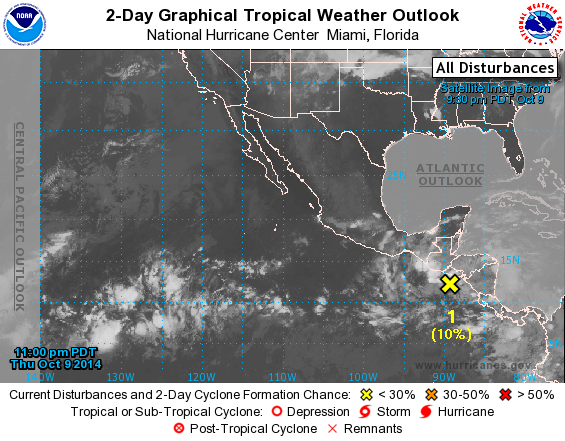
For the eastern North Pacific...east of 140 degrees west longitude:

1. Disorganized cloudiness and showers continue in association with a broad area of low pressure centered south of the coast of El Salvador. Gradual development of this system is possible during the next several days while it drifts west-northwestward. Regardless of development, this system will produce locally heavy rains over portions of Central America during the next couple of days.
* Formation chance through 48 hours...low...10 percent.
* Formation chance through 5 days...medium...50 percent.

Forecaster Cangialosi